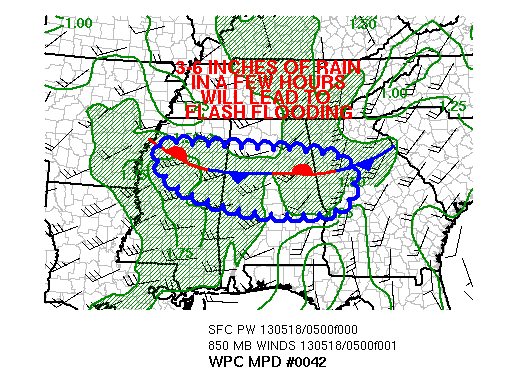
AREAS AFFECTED...NORTHERN MS...NORTH-CENTRAL AL...WESTERN GA

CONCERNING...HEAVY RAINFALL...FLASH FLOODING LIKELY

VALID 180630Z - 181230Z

SUMMARY...A TRAINING BAND OF CONVECTION IS EXPECTED TO PERSIST
ACROSS PORTIONS OF NORTHERN MS...NORTH-CENTRAL AL...AND WESTERN GA
INTO THE MORNING HOURS, LEADING TO FLASH FLOODING.

DISCUSSION...A LACK OF CIN/A MID-LEVEL CAP NEAR A WEAK STATIONARY
FRONT/BAROCLINIC TROUGH AT THE SURFACE IS ALLOWING CONVECTION TO
FIRE IN ITS VICINITY ACROSS PORTIONS OF NORTHERN MS AND
NORTH-CENTRAL AL.  RECENT RAINS ACROSS THE REGION HAVE LOWERED
FLASH FLOOD GUIDANCE VALUES -- FFGS -- TO 1.5-2 INCHES WITHIN
THREE HOURS' TIME ACROSS A GREAT DEAL OF THIS REGION.  THE 21Z
HRRR AND 12Z NMM MESOSCALE MODEL FOCUSED A SIGNIFICANT PORTION OF
THE HEAVY RAINFALL EXPECTED BETWEEN 09Z-12Z, SHOWING FORECAST
AMOUNTS OF 3-6 INCHES ACROSS AL...WHICH A FEW HOURS OF TRAINING
COULD ACCOMPLISH WITH THE AVAILABLE MOISTURE.  PRECIPITABLE WATER
VALUES -- PWS -- ARE NEAR 1.75 INCHES ALONG THE SURFACE BOUNDARY
AND LOW-LEVEL INFLOW IS GENTLY CONVERGENT INTO THE MS/AL PORTION
OF THE BOUNDARY, WITH MORE ORTHOGONAL FLOW ACROSS THE FRONT
EXPECTED ACROSS WESTERN GA.  THE REGION IS WITHIN AN AREA OF
DIVERGENCE ALOFT BETWEEN TWO WEAK JET MAXIMA, WITH A COLD POOL IN
THE MID-LEVELS ALSO AIDING IN THE PRECIPITATION EFFICIENCY.  THIS
ACTIVITY IS EXPECTED TO PERSIST PAST SUNRISE...WHICH LED TO A SIX
HOUR TIME FRAME BEING USED FOR THIS DISCUSSION.